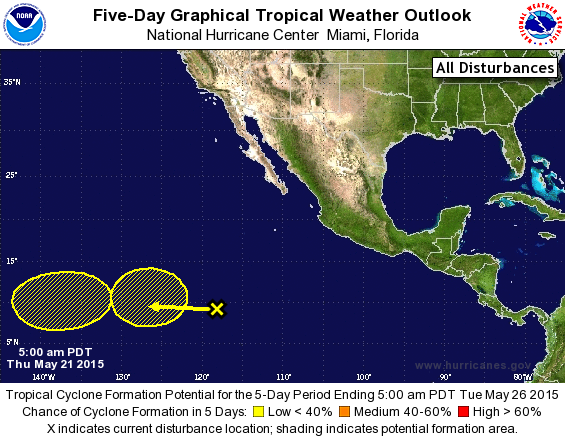
For the eastern North Pacific...east of 140 degrees west longitude:

1. A tropical wave located several hundred miles south-southwest of the southern tip of Baja California is producing a large area of disorganized cloudiness and showers. Environmental conditions are currently not conducive for development of this system. However, they are expected to become conducive for some slow development over the weekend.
* Formation chance through 48 hours...low...near 0 percent
* Formation chance through 5 days...low...30 percent

2. An area of low pressure is expected to form during the next couple of days well to the west-southwest of the southern tip of Baja California. Environmental conditions are expected to be conducive for gradual development of the system over the weekend while the low moves slowly northwestward.
* Formation chance through 48 hours...low...near 0 percent
* Formation chance through 5 days...low...30 percent

Forecaster Beven